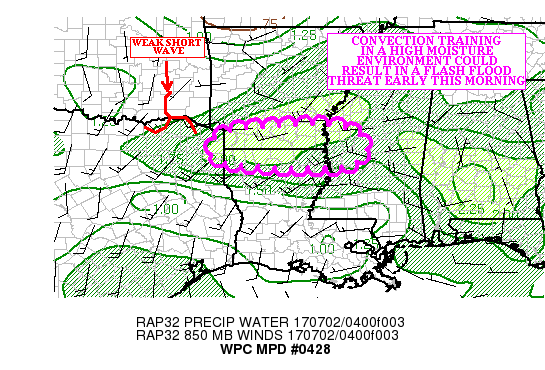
AREAS AFFECTED...FAR SOUTHERN AR...NORTHERN LA...FAR WEST CENTRAL
MS

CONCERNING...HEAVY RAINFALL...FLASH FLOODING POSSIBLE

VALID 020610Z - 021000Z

SUMMARY...SLOW MOVING CONVECTION COULD TRAIN OR BACKBUILD ACROSS
PORTIONS OF SOUTHERN AR/NORTHERN LA AND FAR WEST CENTRAL
MS...WHICH COULD RESULT IN A SHORT TERM FLASH FLOOD THREAT.

DISCUSSION...CONVECTION IS FIRING ALONG AN AXIS OF 1.75/2.00 INCH
PRECIPITABLE WATER AIR... WHERE THE MLCAPE VALUES ARE HOVERING
BETWEEN 500-1000 J/KG. THE KSHV RADAR SHOWED HOURLY RAINFALL RATES
NEAR 1.25 INCHES WITH THE ACTIVITY ACROSS FAR SOUTHERN AR. MODEL
SOUNDINGS HERE SHOWED A FAIRLY MOIST COLUMN...AS WELL AS WET BULB
ZERO VALUES CLOSE TO THE FREEZING LEVEL (WHICH IS ABOVE 14000
FEET). THESE VALUES INDICATE A COLUMN THAT COULD SUPPORT HIGHLY
EFFICIENT RAINFALL ASSOCIATED WITH THE DEVELOPING CONVECTION...AS
WARM RAIN PROCESSES DOMINATE.

A WEAK SHORT WAVE MOVING SLOWLY EASTWARD ACROSS FAR NORTHEAST TX
SHOULD PROVIDE SUFFICIENT SYNOPTIC ASCENT FOR GREATER CONVECTIVE
DEVELOPMENT. MOST OF THE HIGH RESOLUTION GUIDANCE (INCLUDING THE
MOST RECENT HRRR) ARE NOT BULLISH WITH THE RAINFALL AMOUNTS FROM
THE DEVELOPING CONVECTION. HOWEVER...THE 00Z NAM CONUS NEST...AS
WELL AS THE 00Z NSSL WRF... SUGGEST ISOLATED 5.00 INCH RAINFALL
AMOUNTS WITH THIS ACTIVITY. THESE VALUES DO NOT SEEM OUT OF LINE
IF BACKBUILDING AND TRAINING OCCUR IN THIS ENVIRONMENT.

ONE AND THREE HOUR FLASH FLOOD GUIDANCE VALUES ALONG THE AR/LA
BORDER ARE AS LOW AS 1.50 INCHES...AND GIVEN THE MOIST ENVIRONMENT
IN WHICH THESE STORMS ARE FORMING...THESE VALUES ARE EASILY
ATTAINABLE. HOWEVER...THE AREAL EXTENT OF THE CONVECTION COULD END
UP PREVENTING A LARGER FLASH FLOOD THREAT. SO AT THIS TIME...FLASH
FLOODING IS ONLY CONSIDERED POSSIBLE.